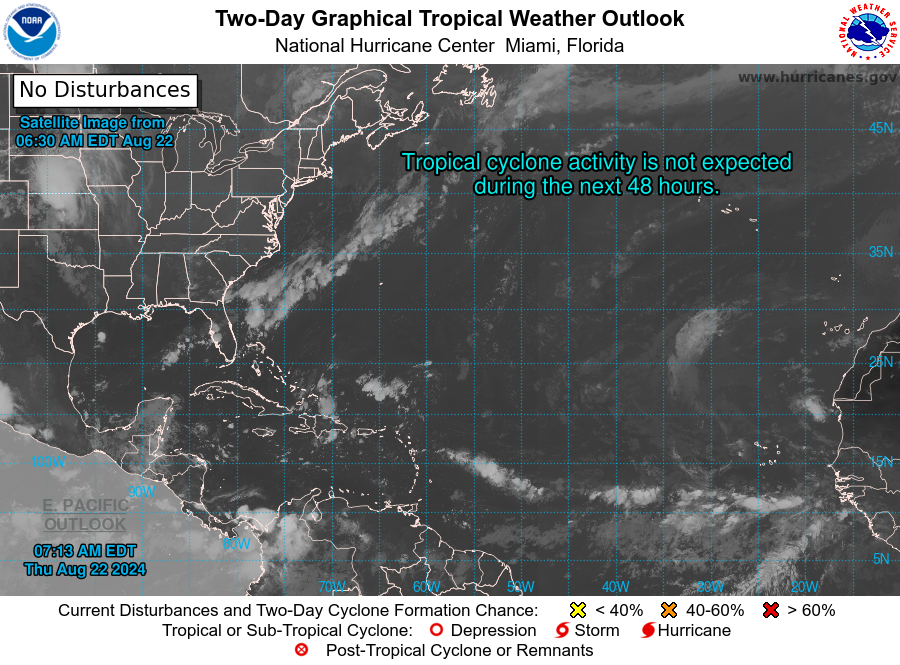
For the North Atlantic...Caribbean Sea and the Gulf of Mexico:

Tropical cyclone formation is not expected during the next 7 days.

Forecaster Beven